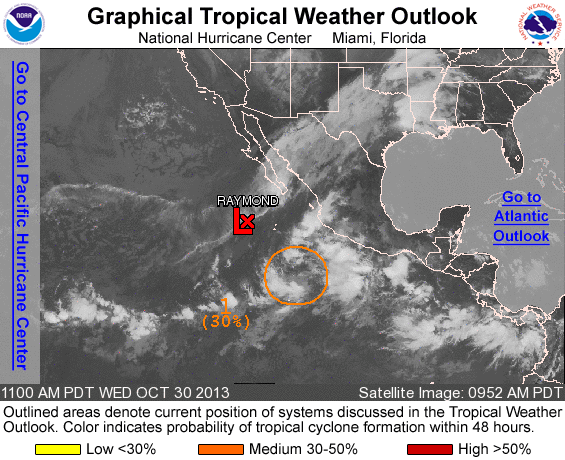
FOR THE EASTERN NORTH PACIFIC...EAST OF 140 DEGREES WEST LONGITUDE..

THE NATIONAL HURRICANE CENTER HAS ISSUED THE FINAL ADVISORY ON POST-TROPICAL CYCLONE RAYMOND...LOCATED A FEW HUNDRED MILES WEST- SOUTHWEST OF THE SOUTHERN TIP OF THE BAJA CALIFORNIA PENINSULA.

1. SATELLITE IMAGES INDICATE THAT AN AREA OF LOW PRESSURE IS FORMING WITHIN THE LARGE AREA OF DISTURBED WEATHER SOUTH OF THE COAST OF MEXICO ABOUT 500 MILES SOUTH-SOUTHWEST OF MANZANILLO. UPPER-LEVEL WINDS ARE EXPECTED TO BECOME MORE CONDUCIVE FOR DEVELOPMENT OF THE LOW DURING THE NEXT COUPLE OF DAYS WHILE IT MOVES NORTH- NORTHWESTWARD AT ABOUT 5 MPH. THIS SYSTEM HAS A MEDIUM CHANCE... 30 PERCENT...OF BECOMING A TROPICAL CYCLONE DURING THE NEXT 48 HOURS...AND A HIGH CHANCE...60 PERCENT...OF BECOMING A TROPICAL CYCLONE DURING THE NEXT 5 DAYS.

FIVE-DAY FORMATION PROBABILITIES ARE EXPERIMENTAL IN 2013. COMMENTS ON THE EXPERIMENTAL FORECASTS CAN BE PROVIDED AT...

HTTP://WWW.NWS.NOAA.GOV/SURVEY/NWS-SURVEY.PHP?CODE=ETWO

FORECASTER BERG